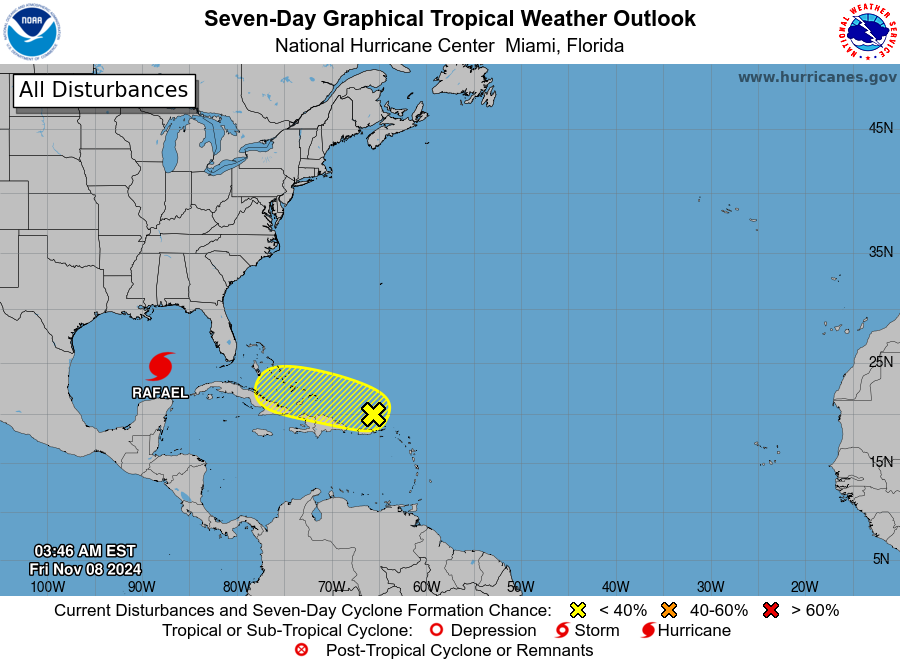
For the North Atlantic...Caribbean Sea and the Gulf of Mexico:

Active Systems: The National Hurricane Center is issuing advisories on Hurricane Rafael, located over the southeastern Gulf of Mexico.

1. Near Greater Antilles: A trough of low pressure located near north of Puerto Rico continues to produce disorganized showers and thunderstorms. Some gradual development of this system is possible during the next couple of days while it moves westward near the Greater Antilles. Regardless of development, locally heavy rains are possible across the northern Leeward Islands, the Virgin Islands, Puerto Rico, Hispaniola, and the southeastern Bahamas through Saturday.
* Formation chance through 48 hours...low...20 percent.
* Formation chance through 7 days...low...20 percent.

Forecaster Kelly